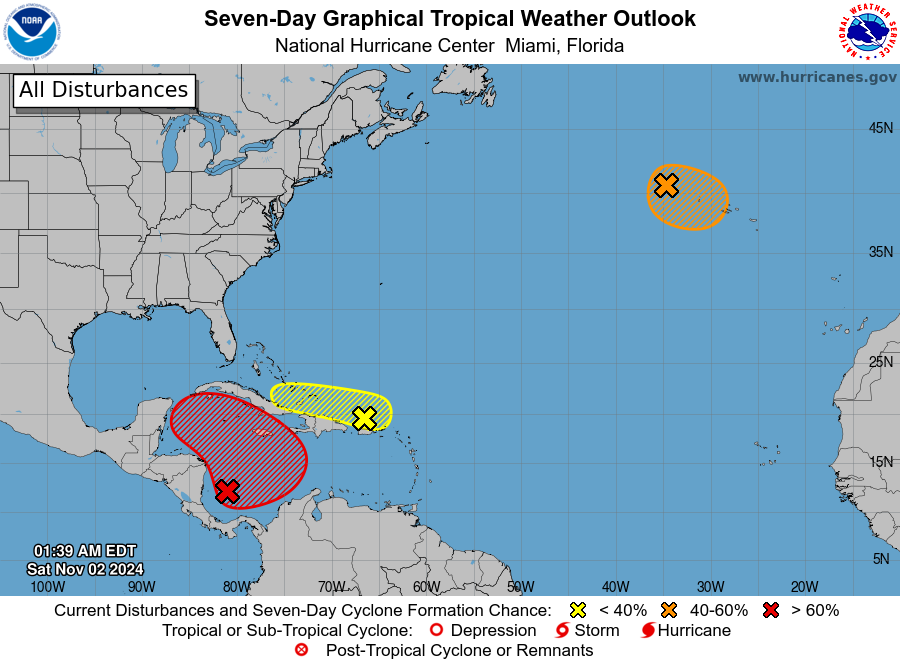
For the North Atlantic...Caribbean Sea and the Gulf of Mexico:

1. Southwestern Caribbean Sea: Disorganized showers and thunderstorms over the southwestern Caribbean Sea are associated with a broad area of low pressure. Gradual development of this system is expected over the next several days, and a tropical depression is likely to form by early next week while the system moves generally northward to northwestward over the central and western Caribbean Sea. Regardless of development, locally heavy rains are possible over portions of the adjacent land areas of the western Caribbean during the next few days, including Jamaica, Hispaniola, and Cuba.
* Formation chance through 48 hours...medium...50 percent.
* Formation chance through 7 days...high...80 percent.

2. Near the Greater Antilles: A trough of low pressure extending from near Puerto Rico eastward over the adjacent waters of the Atlantic is producing a large area of showers and thunderstorms near and over portions of the Greater Antilles and the Leeward Islands. Slow development is possible during the next couple of days while the system moves west-northwestward near the Greater Antilles. Then, this system is expected to be absorbed into the low pressure area over the Caribbean Sea. Regardless of development, locally heavy rains are possible during the next few days from the northern Leeward Islands westward across Puerto Rico and Hispaniola to eastern Cuba and the southeastern Bahamas. For more information on this system, including gale warnings, see High Seas Forecasts issued by the National Weather Service.
* Formation chance through 48 hours...low...10 percent.
* Formation chance through 7 days...low...10 percent.

3. North Atlantic (AL96): Showers and thunderstorms continue to show signs of organization near a low pressure system centered a few hundred miles west-northwest of the Azores. Environmental conditions could allow for additional development today and tonight, and the system could become a short-lived subtropical or tropical storm while it moves east-southeastward at 10 to 15 mph. Upper-level winds are forecast to become unfavorable for further development by late this weekend. Interests in the Azores should monitor the progress of this system. For more information, including gale warnings, see High Seas Forecasts issued by the National Weather Service and Meteo France.
* Formation chance through 48 hours...medium...60 percent.
* Formation chance through 7 days...medium...60 percent.

High Seas Forecasts issued by the National Weather Service can be found under AWIPS header NFDHSFAT1, WMO header FZNT01 KWBC, and online at ocean.weather.gov/shtml/NFDHSFAT1.php

High Seas Forecasts issued by Meteo France can be found under WMO header FQNT50 LFPW and available on the web at www.meteofrance.com/previsions-meteo-marine/bulletin/grandlarge/ metarea2

Forecaster Reinhart